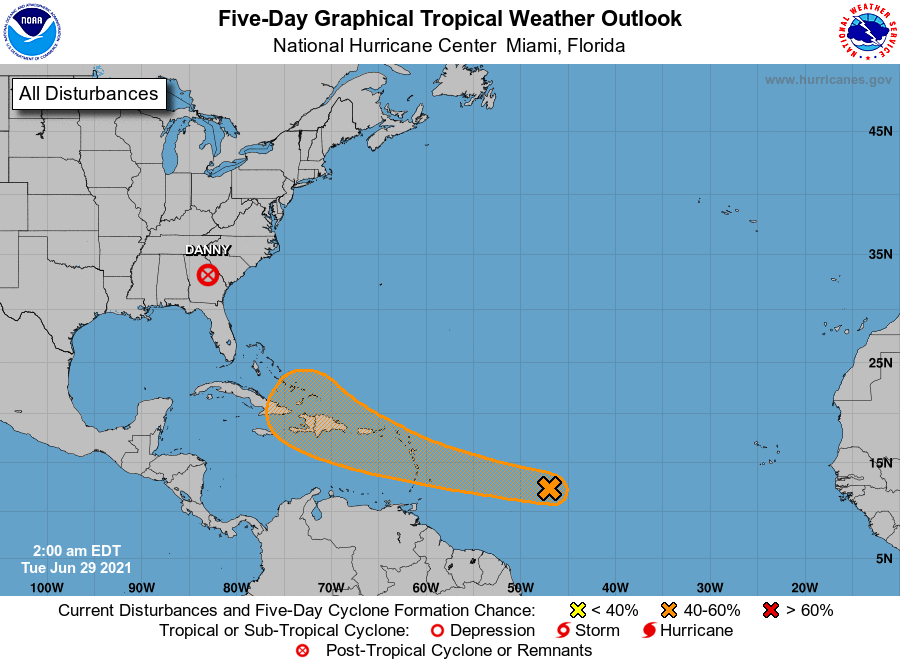
For the North Atlantic...Caribbean Sea and the Gulf of Mexico:

The National Hurricane Center is issuing advisories on Tropical Depression Danny, located inland over east-central Georgia.

1. Disorganized showers and thunderstorms continue in association with a tropical wave located over the tropical Atlantic, about 900 miles east of the Lesser Antilles. Some slow development of this disturbance is possible later this week and this weekend while the system moves westward to west-northwestward at 15 to 20 mph, likely reaching the Lesser Antilles by Wednesday night.
* Formation chance through 48 hours...low...30 percent.
* Formation chance through 5 days...medium...40 percent.

Public Advisories on Tropical Depression Danny are issued under WMO header WTNT34 KNHC and under AWIPS header MIATCPAT4. Forecast/Advisories on Tropical Depression Danny are issued under WMO header WTNT24 KNHC and under AWIPS header MIATCMAT4.

Forecaster Pasch